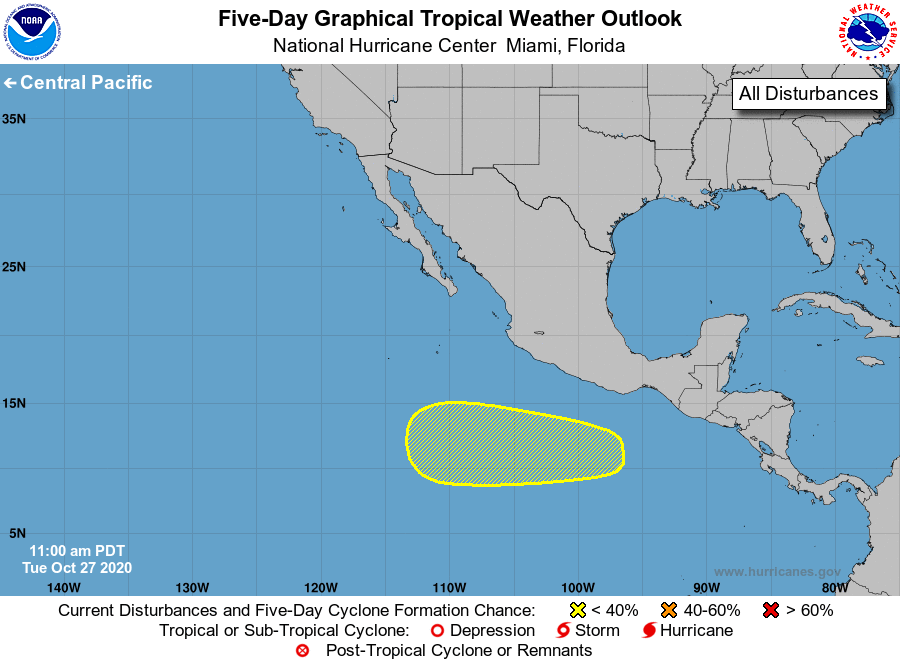
For the eastern North Pacific...east of 140 degrees west longitude:

1. A broad area of low pressure is expected to form south of the Gulf of Tehuantepec by the end of the week. Some further development will be possible thereafter and continue through the weekend while the system moves slowly westward.
* Formation chance through 48 hours...low...near 0 percent.
* Formation chance through 5 days...low...30 percent.

Forecaster Papin/Berg